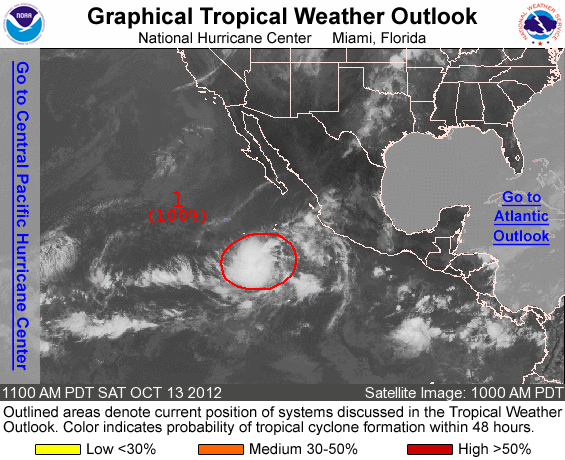
FOR THE EASTERN NORTH PACIFIC...EAST OF 140 DEGREES WEST LONGITUDE..

1. SATELLITE IMAGES INDICATE THAT A TROPICAL DEPRESSION OR TROPICAL STORM IS FORMING ABOUT 550 MILES SOUTH-SOUTHWEST OF THE SOUTHERN TIP OF BAJA CALIFORNIA. ADVISORIES WILL LIKELY BE INITIATED ON THIS SYSTEM LATER TODAY...AND IT HAS A HIGH CHANCE...NEAR 100 PERCENT... OF BECOMING A TROPICAL CYCLONE DURING THE NEXT 48 HOURS AS IT MOVES WESTWARD AT 10 TO 15 MPH.

ELSEWHERE...TROPICAL CYCLONE FORMATION IS NOT EXPECTED DURING THE NEXT 48 HOURS.

FORECASTER CANGIALOSI